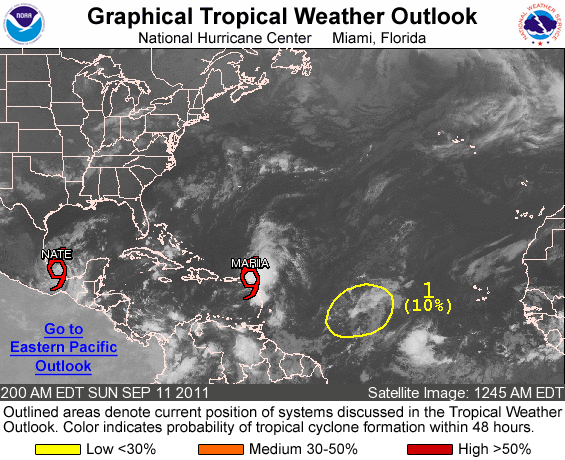
FOR THE NORTH ATLANTIC...CARIBBEAN SEA AND THE GULF OF MEXICO...

THE NATIONAL HURRICANE CENTER IS ISSUING ADVISORIES ON TROPICAL STORM MARIA CENTERED NEAR THE NORTHERN LEEWARD ISLANDS...AND ON TROPICAL STORM NATE CENTERED OVER THE BAY OF CAMPECHE.

1. CLOUDINESS AND SHOWERS ASSOCIATED WITH A TROPICAL WAVE LOCATED A LITTLE MORE THAN 1000 MILES EAST OF THE LESSER ANTILLES HAVE DECREASED. UPPER-LEVEL WINDS ARE NOT FAVORABLE FOR DEVELOPMENT. THIS SYSTEM HAS A LOW CHANCE...10 PERCENT...OF BECOMING A TROPICAL CYCLONE DURING THE NEXT 48 HOURS.

ELSEWHERE...TROPICAL CYCLONE FORMATION IS NOT EXPECTED DURING THE NEXT 48 HOURS.

FORECASTER AVILA